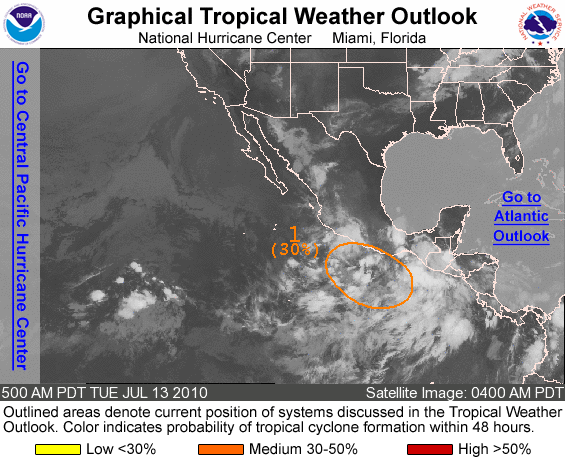
FOR THE EASTERN NORTH PACIFIC...EAST OF 140 DEGREES WEST LONGITUDE..

1. SHOWER AND THUNDERSTORM ACTIVITY...ASSOCIATED WITH AN AREA OF LOW PRESSURE LOCATED A FEW HUNDRED MILES WEST-SOUTHWEST OF THE GULF OF TEHUANTEPEC...REMAINS DISORGANIZED. UPPER-LEVEL WINDS ARE MARGINALLY CONDUCIVE FOR FURTHER DEVELOPMENT OF THIS SYSTEM AS IT MOVES WEST-NORTHWESTWARD AT ABOUT 10 MPH OVER THE NEXT COUPLE OF DAYS. THERE IS A MEDIUM CHANCE...30 PERCENT...OF THIS SYSTEM BECOMING A TROPICAL CYCLONE DURING THE NEXT 48 HOURS.

ELSEWHERE...TROPICAL CYCLONE FORMATION IS NOT EXPECTED DURING THE NEXT 48 HOURS.

FORECASTER ROBERTS/BROWN